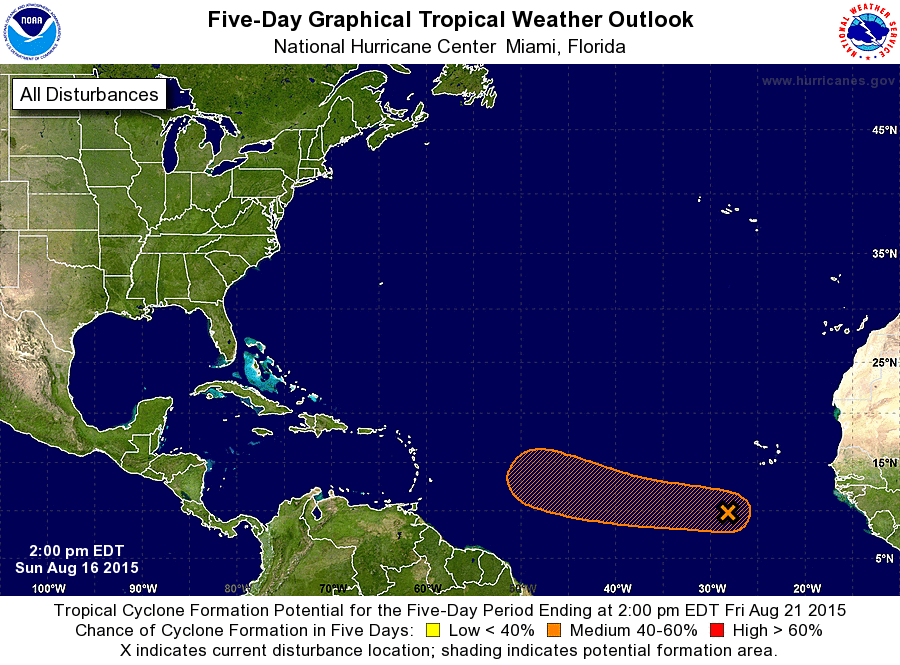
For the North Atlantic...Caribbean Sea and the Gulf of Mexico:

1. A tropical wave and a surface low pressure system located several hundred miles southwest of the Cape Verde Islands are producing a concentrated area of showers and thunderstorms, which are beginning to show signs of organization. Environmental conditions are expected to be conducive for further development, and a tropical depression could form by midweek as the disturbance moves westward at around 15 mph.
* Formation chance through 48 hours...medium...50 percent
* Formation chance through 5 days...medium...60 percent

Forecaster Stewart